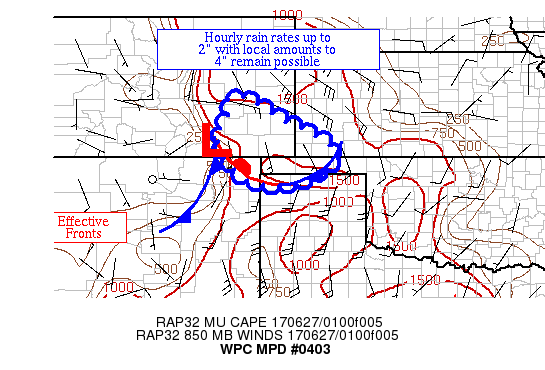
AREAS AFFECTED...MULTISTATE JUNCTION OF CO, KS, OK, TX, & NM

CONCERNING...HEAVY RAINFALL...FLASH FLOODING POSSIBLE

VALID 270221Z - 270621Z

SUMMARY...	THUNDERSTORMS ARE LEADING TO HOURLY RAIN RATES OF
~2".  LOCAL AMOUNTS UP TO 4" ARE POSSIBLE MAINLY DUE TO CELL
MERGERS AND BACKBUILDING.

DISCUSSION...A MESOSCALE WAVE IN SOUTHEAST CO APPEARS TO BE THE
FOCUS OF A LINE OF SCATTERED SHOWERS AND THUNDERSTORMS EXTENDING
FROM SOUTHEAST CO INTO NORTHEAST NM.  PRECIPITABLE WATER VALUES
ARE ~1" WITHIN THIS PORTION OF THE HIGH PLAINS, WHICH IS
SUPPORTIVE OF THE 2" AN HOUR RAIN RATES SEEN ON RADAR IMAGERY.
STORMS APPEAR TO BE BACKBUILDING INTO AN INSTABILITY POOL OF ~2000
J/KG NEAR THE EASTERN CO/NM BORDER.  OTHER ACTIVITY IS FORMING IN
SOUTHWEST KS ELEVATED OVER THE EASTERN PORTION OF THE THERMAL
BOUNDARY.  INFLOW AT 850 HPA IS 15-20 KTS, WHICH IS AT LEAST
DOUBLE THE VALUE OF THE MEAN 850-400 HPA WIND.  BULK SHEAR OF
25-40 KTS EXISTS HERE, WHICH LIKELY LED TO THE MESOCYCLONE MOVING
THROUGH SOUTHEAST CO.

THE MESOSCALE GUIDANCE IS DOING A POOR JOB HANDLING CONVECTION IN
THIS AREA, WITH THE GUIDANCE MORE FAVORING SOUTHWEST KS (THOUGH
SEVERAL HOURS FROM NOW) OVER ANY ACTIVITY OVER FAR NORTHEAST
NM/SOUTHEAST CO.  THE AVAILABLE INSTABILITY SHOULD LEAD TO ANOTHER
4+ HOURS OF ISSUES HERE ON ITS OWN.  THERE IS A RISK THAT BUILDING
CIN WILL CAUSE ACTIVITY TO ELEVATE NORTHWARD AND POSSIBLY MERGE
WITH ACTIVITY FORMING ACROSS SOUTHWEST KS PRESENTLY.  CELL MERGERS
FROM THE FORWARD PROPAGATING MESOCYCLONE ALONG WITH BACKBUILDING
CONVECTION ACROSS THE REGION SHOULD CONTINUE TO FAVOR HOURLY RAIN
RATES TO 2" WITH LOCAL AMOUNTS TO 4".  UNCERTAINTY IN THE FUTURE
EVOLUTION KEPT THE HORIZON OF THE MPD AT FOUR HOURS.